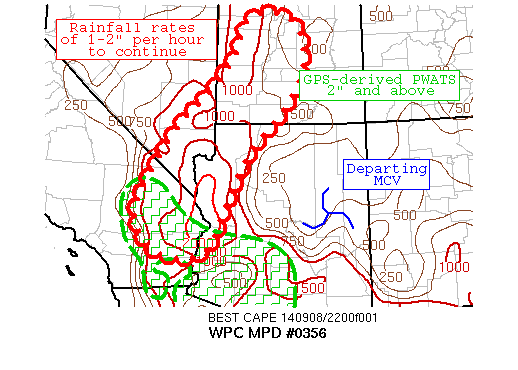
AREAS AFFECTED...SOUTHEASTERN CA/SOUTHERN NV/WESTERN UT/WESTERN
AZ...

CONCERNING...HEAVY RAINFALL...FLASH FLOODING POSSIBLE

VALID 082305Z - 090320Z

SUMMARY...ACTIVE CONVECTION CONTINUES TO ERUPT WITHIN A VERY MOIST
THERMODYNAMIC REGIME. DIFFERENTIAL HEATING ZONES BETWEEN REGIONS
OF COLD POOL LADEN AIR AND AREAS OF CLEARING HAVE FUELED
ADDITIONAL THUNDERSTORM ACTIVITY THIS AFTERNOON. EXPECT FLASH
FLOODING TO BE POSSIBLE WITHIN SOME OF THE HEAVIER PRECIPITATION
CORES.

DISCUSSION...IT HAS BEEN A VERY ACTIVE DAY ACROSS THE DESERT
SOUTHWEST WHERE PHOENIX AZ EARLIER REPORTED ITS HIGHEST DAILY
RAINFALL TOTAL FOR ANY CALENDAR DAY. GENERALLY SPEAKING...THE
ATMOSPHERE HAS BEEN OVERTURNED ENOUGH ACROSS CENTRAL AZ THAT THE
MORE ORGANIZED THREAT FOR HEAVY PRECIPITATION HAS ENDED. THE FOCUS
HAS NOW SHIFTED WESTWARD TOWARD THE CA/NV/AZ TRI-STATE BORDER
WHERE DEEP CONVECTION CONTINUES TO FIRE. MUCH OF THE AREA OF
THUNDERSTORM INITIATION IS OCCURRING IN THE PRESENCE OF 2 INCH
PLUS PWATS PER GPS DERIVED VALUES. FOR EARLY SEPTEMBER...MANY OF
THESE NUMBERS HAVE REACHED THE 95TH TO 99TH PERCENTILES. PLENTY OF
INSTABILITY REMAINS ALONG AN AXIS FROM SOUTHEASTERN CA
NORTH-NORTHEASTWARD INTO SOUTHERN NV/SOUTHWESTERN UT. THE 22Z RAP
ANALYSIS SHOWED UP TO 1000 J/KG OF MIXED-LAYER CAPE. EXPECT THE
SLOW-MOVING CLUSTERS OF THUNDERSTORMS TO CONTINUE PRODUCING 1 TO 2
INCH HOURLY RAINFALL RATES GIVEN THE MOIST ENVIRONMENTAL
CONDITIONS. ADDITIONALLY...WARM RAIN PROCESSES HAVE DOMINATED AS
REFLECTED BY THE GENERAL LACK OF LIGHTNING.

IT DOES NOT APPEAR THAT ANY ONE HIGH-RESOLUTION MODEL HAS HANDLED
THE CURRENT ACTIVITY EFFECTIVELY. HOWEVER...THEY ALL DISPLAY SOME
SORT OF ORGANIZED THUNDERSTORM COMPLEX LIFTING THROUGH THE DESERT
SOUTHWEST TOWARD THE SOUTHERN WASATCH.